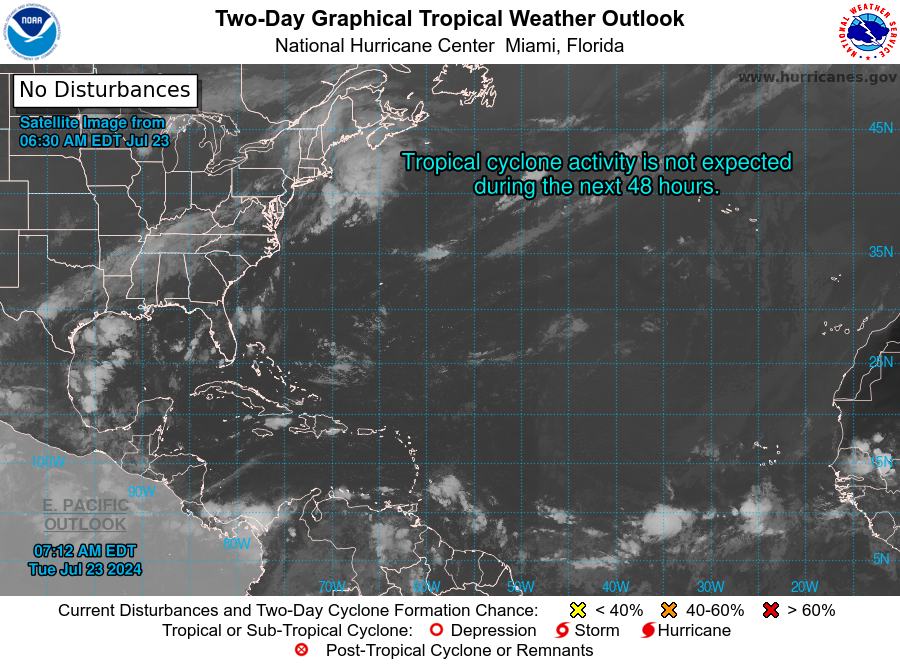
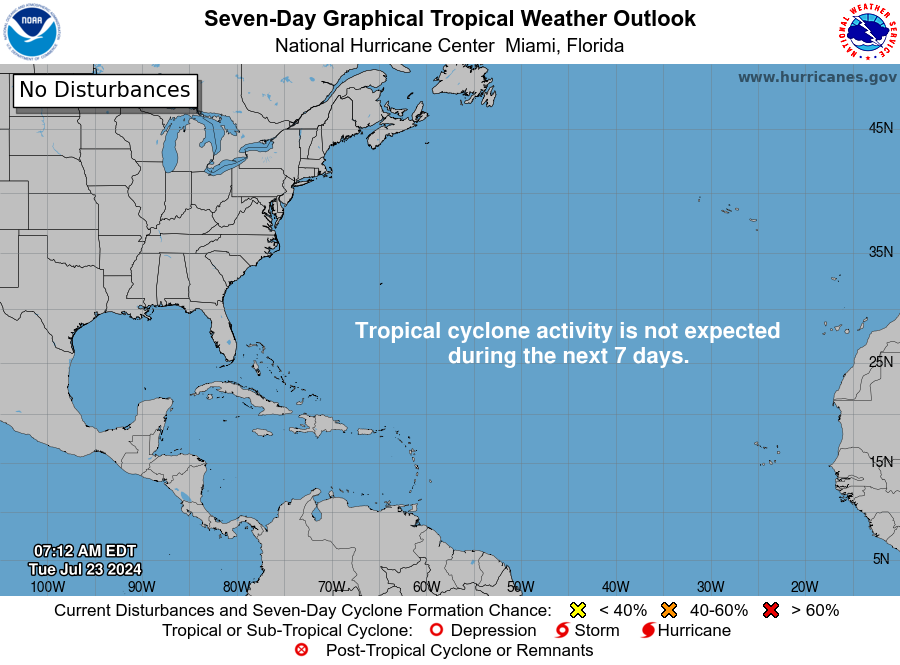
For the North Atlantic...Caribbean Sea and the Gulf of Mexico:

Tropical cyclone formation is not expected during the next 7 days.

Forecaster Hagen/Berg